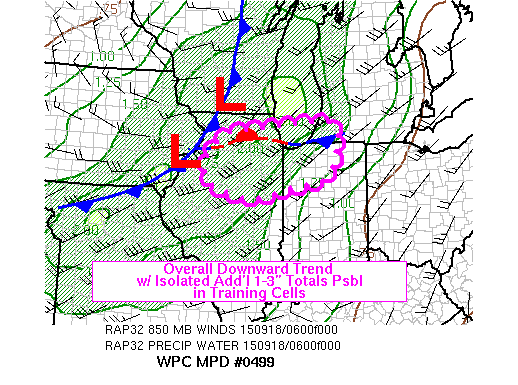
AREAS AFFECTED...N ILLINOIS...N INDIANA...SW MICHIGAN

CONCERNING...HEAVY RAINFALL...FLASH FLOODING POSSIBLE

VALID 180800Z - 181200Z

SUMMARY...GENERAL DOWNWARD TREND OF CONVECTION WITH SOME EMBEDDED
STRONG CLUSTERS REMAINING A FLASH FLOOD THREAT FOR THE REMAINDER
OF THE EARLY MORNING HOURS.

DISCUSSION...RADAR AND IR LOOP SHOWS A GENERAL DOWNWARD TREND WITH
CONVECTIVE CORES ALONG A OUTFLOW REINFORCED WEAK E-W FRONTAL
BOUNDARY ACROSS NORTHERN IL ACROSS S LAKE MICHIGAN INTO SW MI.
THOUGH MUCH OF THE INSTABILITIES HAVE BEEN EXHAUSTED AS RAP
ANALYSIS MUCAPES HAVE REDUCED TO THE 750 J/KG RANGE AND FALLING
AND THE LOW LEVEL JET IS GENERALLY VEERING PARALLEL TO THE E-W
FRONTAL ZONE AS THE SYNOPTIC WAVE SHIFTS NORTHEAST OVER LAKE
MICHIGAN...SOME ISOLATED MAXIMIZED POCKETS OF MOISTURE CONVERGENCE
NEAR THE WEAK SURFACE LOW/TRIPLE POINT INTERSECTION WITH ADVANCING
COLD FRONT AND ALONG THE NOSE OF THE SLOWLY WEAKENING LLJ
NEAR/CHICAGO CONTINUE TO INITIATE DEEP CORES WITH IR TOPS COOLING
TO -60 TO -65C INCLUDING A -69C IN BUREAU COUNTY IN W IL.  IN
THESE STRONGER CELLS... EFFICIENT RAIN PROCESSES WILL CONTINUE
GIVEN AOA 2" TPW...WITH RATES IN EXCESS OF 2"/HR.

THE SLACKING LOW LEVEL FLOW AND CELLS TRACKING ALONG THE
NORTHEASTERN PERIPHERY OF NARROW RIDGING ALOFT...UPWIND
PROPAGATION VECTORS HAVE REDUCED TO NEAR ZERO OR EVEN NOW OUT OF
THE NORTHEAST TO ALLOW FOR A SHORT PERIOD OF POTENTIAL UPSTREAM
REDEVELOPMENT IF IT CAN BE MANAGED MAINLY OVER COLD POOLS AND WITH
THE MAIN WAVE EXITING AND DRIER AIR ADVECTING IN ALOFT...THE
POTENTIAL FOR THESE COLD POOLS AND OUTFLOWS INCREASES ALLOWING FOR
THE  POTENTIAL FOR SOME REMAINING TRAINING FOR INCREASED TOTALS IN
THE 1-3" RANGE OVER THE NEXT 3-4 HOURS...MAINLY OVER N IL NEAREST
THE TRIPLE POINT WHERE ISENTROPIC ASCENT AND CONVERGENCE WILL BE
MAXIMIZED.